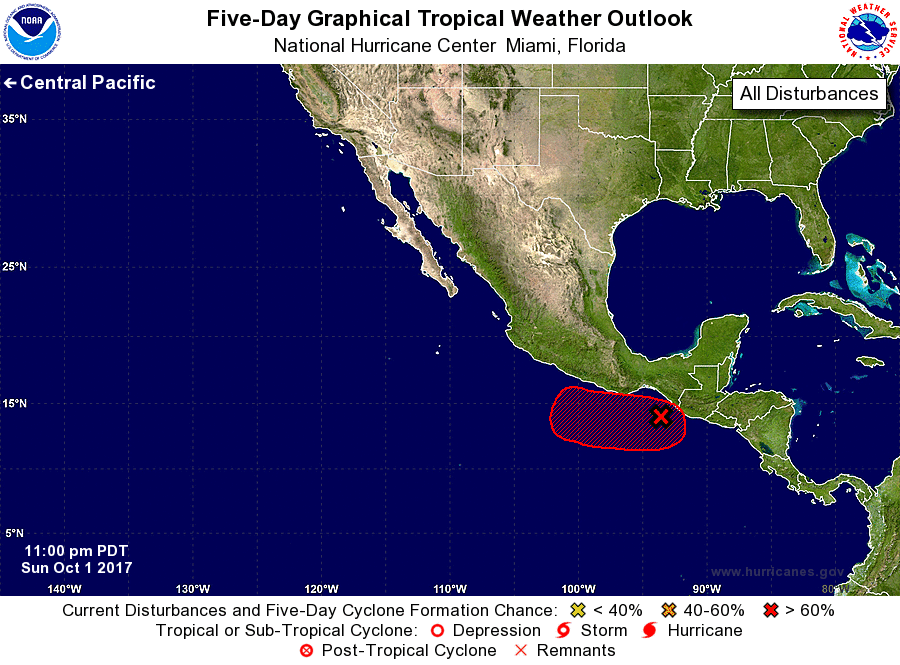
For the eastern North Pacific...east of 140 degrees west longitude:

1. A small low pressure system located a couple of hundred miles south of southeastern Mexico is producing widespread cloudiness and disorganized showers over much of the Gulf of Tehuantepec, southeastern Mexico, and Guatemala. Environmental conditions are expected to gradually become more conducive for development over the next few days while the system moves slowly west-northwestward or westward.
* Formation chance through 48 hours...low...20 percent.
* Formation chance through 5 days...high...70 percent.

Forecaster Stewart